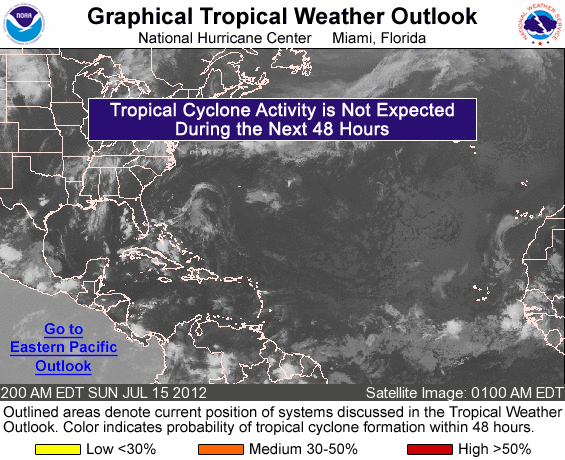
FOR THE NORTH ATLANTIC...CARIBBEAN SEA AND THE GULF OF MEXICO...

TROPICAL CYCLONE FORMATION IS NOT EXPECTED DURING THE NEXT 48 HOURS.

FORECASTER PASCH